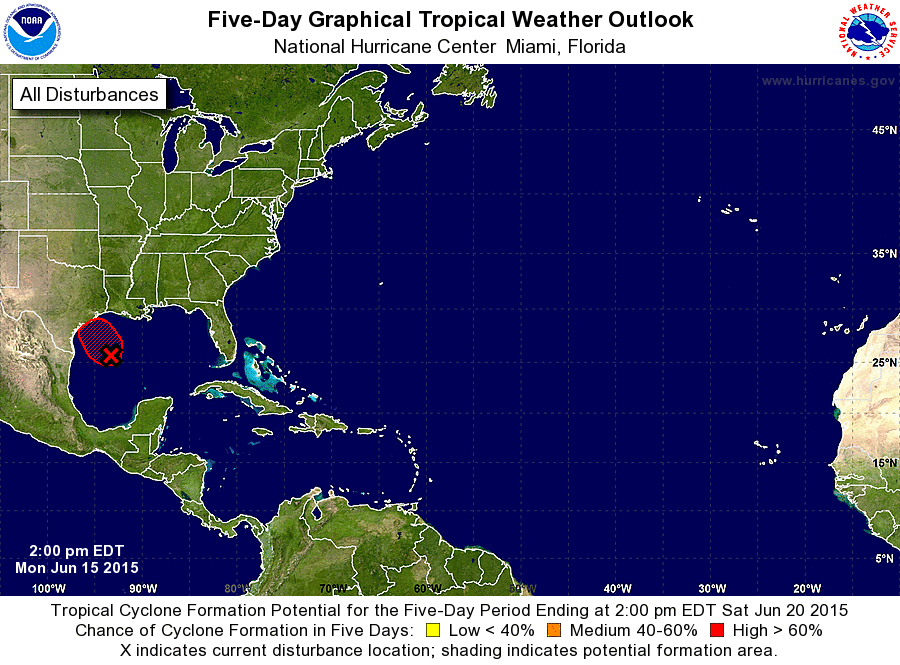
For the North Atlantic...Caribbean Sea and the Gulf of Mexico:

1. An Air Force Reserve Unit Hurricane Hunter aircraft investigated the broad area of low pressure in the Gulf of Mexico this morning, and found that the circulation was too poorly defined to qualify the system as a tropical cyclone. However, thunderstorm activity continues to become better organized this afternoon, and the low will very likely become a tropical storm this afternoon or this evening as it continues moving to the northwest.

Maximum sustained winds with the low are estimated to be near 45 mph, and interests in and along the northwestern Gulf of Mexico should continue to monitor the progress of this system. Regardless of tropical cyclone formation, tropical storm conditions are likely along portions of the middle and upper Texas coast, and possible in extreme southwestern Louisiana, tonight and Tuesday. The system is also likely to bring heavy rainfall with possible flooding across portions of eastern Texas and western Louisiana. For additional information, please see High Seas Forecasts and products issued by your local National Weather Service forecast office.
* Formation chance through 48 hours...high...90 percent
* Formation chance through 5 days...high...90 percent

High Seas Forecasts can be found under AWIPS header NFDHSFAT1 and WMO header FZNT01 KWBC.

Forecaster Franklin